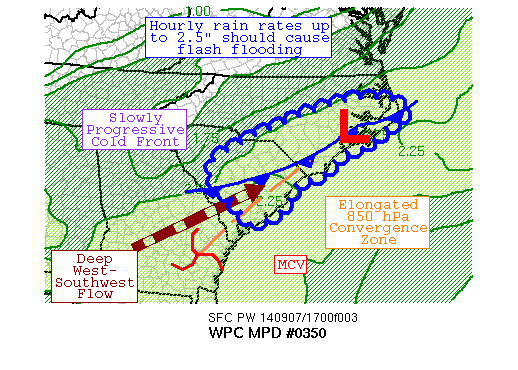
AREAS AFFECTED...PORTIONS OF THE CAROLINAS

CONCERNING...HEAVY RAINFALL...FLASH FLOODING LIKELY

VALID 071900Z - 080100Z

SUMMARY...THUNDERSTORMS ARE INCREASING IN COVERAGE WITHIN AN
UNSTABLE AIR MASS NEAR A SLOWLY PROGRESSIVE COLD FRONT.  HOURLY
RAIN RATES UP TO 2.5", WITH LOCAL AMOUNTS OF 3-5", SHOULD LEAD TO
FLASH FLOODING.

DISCUSSION...A BROAD AREA OF THUNDERSTORMS HAS FORMED NEAR AND
AHEAD OF A SLOWLY PROGRESSIVE COLD FRONT.  PRECIPITABLE WATER
VALUES ARE 2-2.25" ACROSS THE REGION, ABOVE THE 90TH PERCENTILE
FOR EARLY SEPTEMBER.  LOW-LEVEL INFLOW 10-15 KTS, WHICH NORMALLY
IMPLIES SINGLE CELL/PULSE CONVECTION.  HOWEVER, THE 0-6 KM BULK
SHEAR IS NEAR 25 KTS, WHICH IS ATTEMPTING TO ORGANIZE THE
CONVECTION.  MIXED LAYER CAPES ACROSS THE REGION ARE IN THE
1000-2000 J/KG RANGE DUE TO DAYTIME HEATING.

DEEP UNIDIRECTIONAL WEST-SOUTHWESTERLY FLOW IS SEEN IN AREA
SOUNDINGS, FAVORABLE FOR HEAVY RAINFALL AND CELL TRAINING.  THE
NEARBY FRONTAL ZONE, 850 HPA TROUGH AXIS, AND SEA BREEZE
BOUNDARIES SHOULD ACT AS FOCI FOR CONVECTION.  WHILE MINIMAL
LOW-LEVEL INFLOW EXISTS, CELL MERGERS AND/OR TRAINING COULD LEAD
TO LOCALLY HEAVY RAINFALL.  CONVECTION COULD BE OUTFLOW DOMINANT;
IT IS POSSIBLE THE THREAT FOR EXTREME SOUTHEASTERN NC NEAR
WILMINGTON HAS LOWERED FOR THE TIME BEING DUE TO CAPE BEING
LOWERED BY MORNING AND EARLY AFTERNOON THUNDERSTORMS.
SYNOPTICALLY, THIS SITUATION IS REMINISCENT OF THOSE FROM JULY
21ST AND AUGUST 10TH, WHEN LOCAL AMOUNTS OF 5-8" OCCURRED IN THIS
REGION.  HOURLY RAIN RATES UP TO 2.5", WITH MESOSCALE GUIDANCE
GENERALLY INDICATING LOCAL AMOUNTS OF 3-5", SHOULD LEAD TO FLASH
FLOODING.